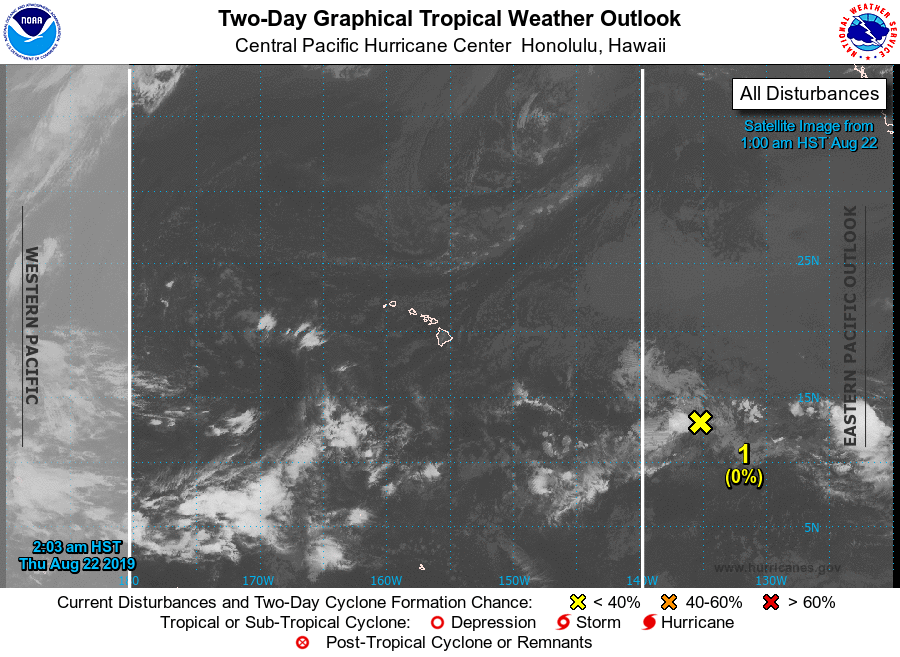
For the central North Pacific...between 140W and 180W:

1. Disorganized cloudiness and showers over the far southwestern eastern Pacific about 1300 miles east-southeast of the Big Island of Hawaii are associated with a surface trough. Environmental conditions could become marginally conducive for development in a few days when the system is in the central Pacific basin.
* Formation chance through 48 hours...low...near 0 percent.
* Formation chance through 5 days...low...20 percent.

Elsewhere, no tropical cyclones are expected during the next 5 days.

Forecaster Kino